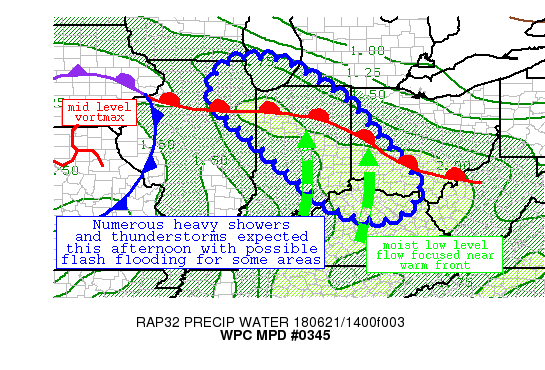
AREAS AFFECTED...NORTHEAST IL...CENTRAL IN...SOUTHERN
OH...NORTHERN KY

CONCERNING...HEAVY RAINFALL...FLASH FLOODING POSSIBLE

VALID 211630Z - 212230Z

SUMMARY...HEAVY SHOWERS AND STRONG THUNDERSTORMS OVER THE NEXT FEW
HOURS WITH ENHANCED RAINFALL RATES TO NEAR 2 INCHES PER HOUR WILL
RESULT IN SOME FLASH FLOODING CONCERNS THIS AFTERNOON.

DISCUSSION...THE LATEST RADAR IMAGERY SHOWS A RELATIVELY
CONCENTRATED AXIS OF HEAVY SHOWERS AND EMBEDDED THUNDERSTORMS
MOVING ACROSS THE GREATER CHICAGO AREA AND INTO NORTH-CENTRAL
INDIANA EARLY THIS AFTERNOON.  THIS IS IN ASSOCIATION WITH A SLOW
MOVING FRONTAL BOUNDARY AHEAD OF A CLOSED MID LEVEL LOW NEAR THE
MISSISSIPPI RIVER.  ANOMALOUS PWS ON THE ORDER OF 2 INCHES PER THE
LATEST RAP ANALYSIS IS POOLING IN THE VICINITY OF THE WARM FRONT,
AND A DEEP WARM CLOUD LAYER IS AIDING IN THE PRECIPITATION
EFFICIENCY DESPITE ONLY MODEST CAPE VALUES.  RAINFALL RATES MAY
APPROACH 1.5 TO 2.5 INCHES PER HOUR WITHIN THE MOST PERSISTENT
CONVECTIVE BANDS GIVEN THE SLOW MOVEMENT OF THE MAIN RAINFALL AXIS.

THE LATEST HRRR, HRRRX, WRF, AND ARW HIGH RES GUIDANCE SUPPORTS AN
AXIS OF SCATTERED 1 TO 3 INCH AMOUNTS THROUGH 19Z, WITH LOCALIZED
HIGHER AMOUNTS, THAT IS ROUGHLY ALONG AND TO THE EAST OF THE
INTERSTATE 65 CORRIDOR.  FLASH FLOODING IS POSSIBLE DURING PERIODS
OF INTENSE RAINFALL, ESPECIALLY ACROSS AREAS THAT HAVE RECEIVED
APPRECIABLE RAIN OVER THE PAST 24 HOURS.